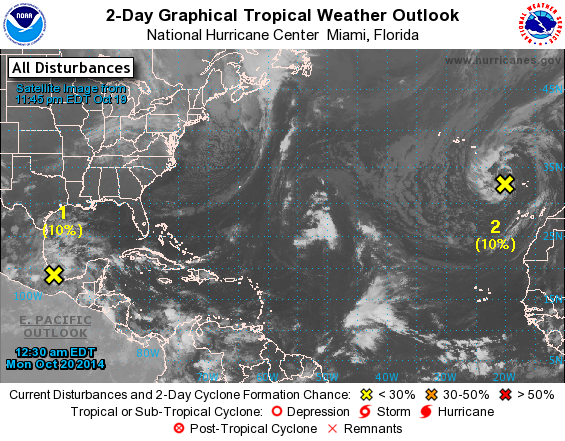
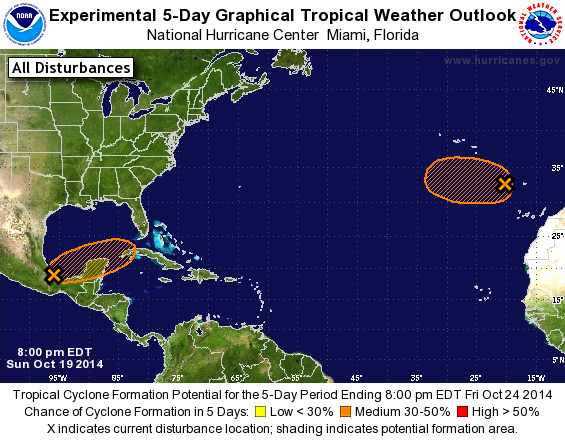
For the North Atlantic...Caribbean Sea and the Gulf of Mexico:

The National Hurricane Center has issued the last advisory on Post-Tropical Cyclone Gonzalo, that is located several hundred miles northeast of Newfoundland.

1. A broad area of low pressure located over the extreme southwestern Bay of Campeche is producing disorganized showers and thunderstorms. Some gradual development of this system is possible during the next several days while it moves east-northeastward at 5 to 10 mph.
* Formation chance through 48 hours...low...10 percent.
* Formation chance through 5 days...medium...30 percent.

2. A large non-tropical low is located over the far eastern Atlantic Ocean a few hundred miles southeast of the Azores. This system is producing gale-force winds, and the low could gradually acquire subtropical characteristics during the next several days while it moves slowly westward over relatively warm waters.
* Formation chance through 48 hours...low...10 percent.
* Formation chance through 5 days...medium...30 percent.

Forecaster Brown